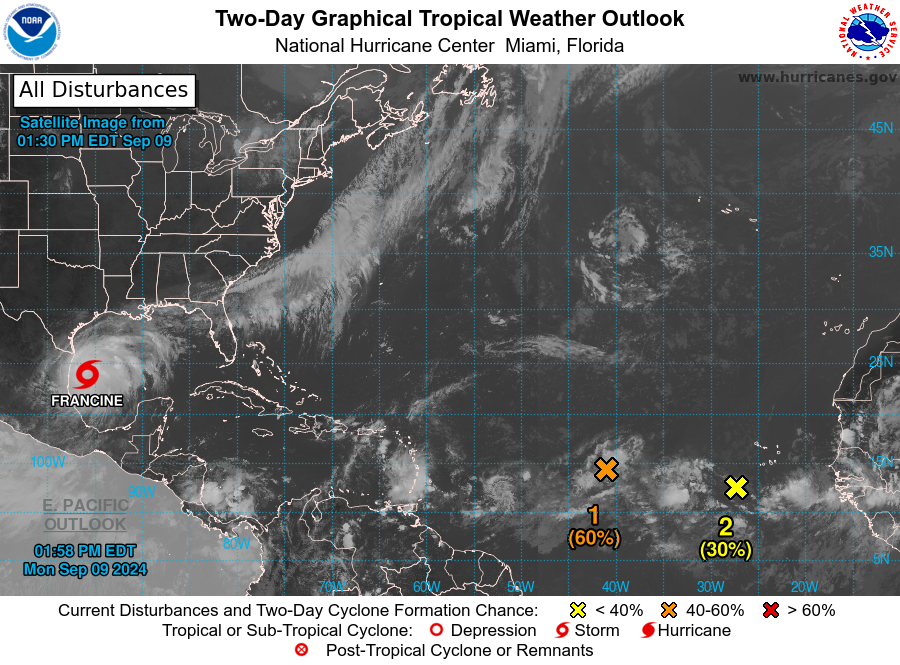
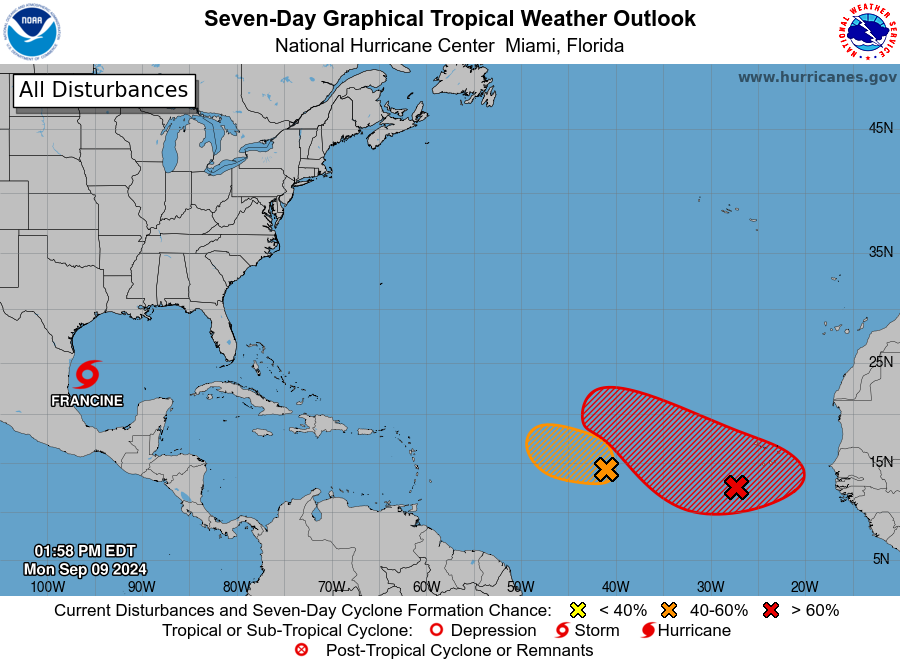
For the North Atlantic...Caribbean Sea and the Gulf of Mexico:

Active Systems: The National Hurricane Center is issuing advisories on Tropical Storm Francine, located over the southwestern Gulf of Mexico.

1. Central Tropical Atlantic (AL92): An elongated area of low pressure over the central tropical Atlantic continues to produce disorganized showers and thunderstorms. Environmental conditions are marginally conducive for development during the next few days, and a tropical depression could form while the system meanders over the central tropical Atlantic. By the middle part of the week, the system is forecast to move west-northwestward at around 10 mph.
* Formation chance through 48 hours...medium...60 percent.
* Formation chance through 7 days...medium...60 percent.

2. Eastern and Central Tropical Atlantic: A trough of low pressure located several hundred miles southwest of the Cabo Verde Islands is expected to merge in a couple of days with a strong tropical wave currently near the coast of western Africa. Environmental conditions appear favorable for gradual development of this system, and a tropical depression will likely form during the middle to latter part of this week while the system moves west-northwestward at 10 to 15 mph.
* Formation chance through 48 hours...low...30 percent.
* Formation chance through 7 days...high...70 percent.

Public Advisories on Tropical Storm Francine are issued under WMO header WTNT31 KNHC and under AWIPS header MIATCPAT1. Forecast/Advisories on Tropical Storm Francine are issued under WMO header WTNT21 KNHC and under AWIPS header MIATCMAT1.

Forecaster Chenard/Blake